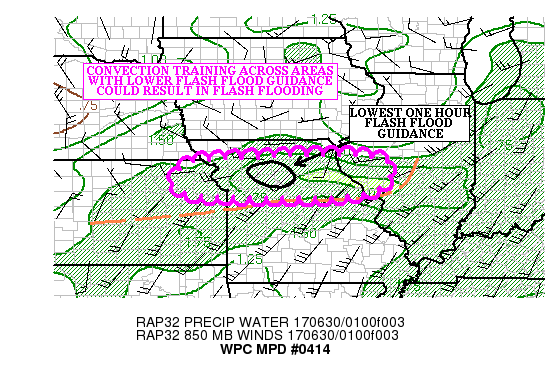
AREAS AFFECTED...FAR NORTHEAST KS...NORTHERN MO INTO FAR WEST
CENTRAL IL

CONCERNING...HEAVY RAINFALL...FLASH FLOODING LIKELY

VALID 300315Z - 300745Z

SUMMARY...CONVECTION FORMING AND TRAINING OVER AREAS WITH LOWER
FLASH FLOOD GUIDANCE VALUES DUE TO RECENT HEAVY RAINFALL IS
EXPECTED TO RESULT IN ADDITIONAL FLASH FLOODING INTO THE EARLY
MORNING HOURS.

DISCUSSION...CONVECTION CONTINUES TO FIRE ALONG A LOW LEVEL
BOUNDARY EXTENDING FROM FAR NORTHEAST KS ACROSS NORTHERN MO INTO
FAR WEST CENTRAL IL AHEAD OF A WEAK SHORT WAVE ABOUT TO ENTER FAR
NORTHWEST MO. THE CONVECTION IS BEING FED BY 1000-1500 J/KG OF
MLCAPE (THE 00Z TOP SOUNDING SHOWED CLOSE TO 1800 J/KG OF
SBCAPE)...IN AN AXIS OF 1.75 TO 2.00 INCH PRECIPITABLE WATER AIR
PER THE LATEST RAP ANALYSIS AND LATEST BLENDED TPW IMAGES.

THE MOISTURE AND INSTABILITY IS BEING INJECTED INTO THE REGION ON
THE NOSE OF A 25 KNOT LOW LEVEL JET...AND THE LATEST  EXPERIMENTAL
GOES-16 CLEAN IR IMAGES SHOWED BURSTS OF COLDER CLOUD TOPS ALONG
THE AXIS OF BEST MOISTURE AND INSTABILITY. THE KEAX RADAR SHOWED
HOURLY RAINFALL RATES NEAR 2.50 INCHES...BUT DRY AIR IN THE MID
LEVELS OF NEARBY 00Z SOUNDINGS...AS WELL AS A STRONG INDICATION OF
HAIL ON THE KEAX HCA PRODUCT...SUGGEST THESE AMOUNTS COULD BE HAIL
CONTAMINATED.

PROPAGATION VECTORS ALONG THE AXIS OF BEST MOISTURE AND
INSTABILITY SHOWED THE POTENTIAL FOR TRAINING AND BACKBUILDING
THROUGH ABOUT 05Z...WITH A SLOW SOUTHEAST MOTION TO THE CONVECTION
AS IT BECOMES MORE OUTFLOW DOMINATED AFTER THAT TIME. THE LATEST
HRRR SHOWED LOCAL 2.00 TO 4.00 INCH RAINFALL AMOUNTS
POSSIBLE...WITH THE BULLSEYE OVER NORTH CENTRAL MO...WHERE ONE
HOUR FLASH FLOOD GUIDANCE VALUES AREA UNDER 0.50 INCHES IN SOME
PLACES.

GIVEN THE POTENTIAL FOR TRAINING IN THE SHORT TERM...THE THREAT
FOR FLASH FLOODING INCREASES THROUGH 05Z...THEN STARTS TO BACK
OFF. SINCE FLASH FLOOD VALUES ARE SO LOW... FLASH FLOODING APPEARS
LIKELY OVER PORTIONS OF NORTH CENTRAL MO.